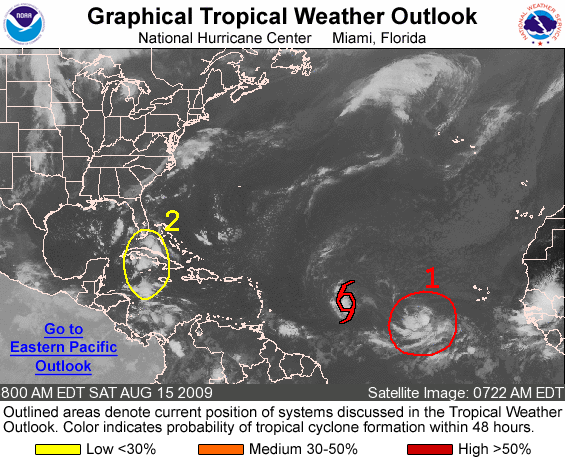
FOR THE NORTH ATLANTIC...CARIBBEAN SEA AND THE GULF OF MEXICO...

THE NATIONAL HURRICANE CENTER IS ISSUING ADVISORIES ON RECENTLY- UPGRADED TROPICAL STORM ANA...LOCATED ABOUT 1010 MILES EAST OF THE LEEWARD ISLANDS.

1. SATELLITE IMAGES INDICATE THAT THE AREA OF LOW PRESSURE CENTERED ABOUT 600 MILES WEST-SOUTHWEST OF THE WESTERNMOST CAPE VERDE ISLANDS CONTINUES TO BECOME BETTER ORGANIZED...AND A TROPICAL DEPRESSION MAY BE FORMING. IF CURRENT TRENDS CONTINUE...ADVISORIES WILL LIKELY BE INITIATED LATER THIS MORNING AS THE SYSTEM MOVES WESTWARD AT ABOUT 15 MPH. THERE IS A HIGH CHANCE...GREATER THAN 50 PERCENT... OF THIS SYSTEM BECOMING A TROPICAL CYCLONE DURING THE NEXT 48 HOURS.

2. A TROPICAL WAVE INTERACTING WITH AN UPPER-LEVEL LOW IS PRODUCING DISORGANIZED CLOUDINESS AND SHOWERS FROM THE WESTERN CARIBBEAN SEA NORTHWARD ACROSS CUBA AND THE BAHAMAS TO SOUTH FLORIDA. THIS ACTIVITY IS EXPECTED TO SPREAD WEST-NORTHWESTWARD OVER THE SOUTHEASTERN GULF OF MEXICO DURING THE NEXT COUPLE OF DAYS. THERE IS A LOW CHANCE...LESS THAN 30 PERCENT...OF THIS SYSTEM BECOMING A TROPICAL CYCLONE DURING THE NEXT 48 HOURS.

ELSEWHERE...TROPICAL CYCLONE FORMATION IS NOT EXPECTED DURING THE NEXT 48 HOURS.

PUBLIC ADVISORIES ON TROPICAL STORM ANA ARE ISSUED UNDER WMO HEADER WTNT32 KNHC AND UNDER AWIPS HEADER MIATCPAT2. FORECAST/ADVISORIES ON TROPICAL STORM ANA ARE ISSUED UNDER WMO HEADER WTNT22 KNHC AND UNDER AWIPS HEADER MIATCMAT2.

FORECASTER BEVEN